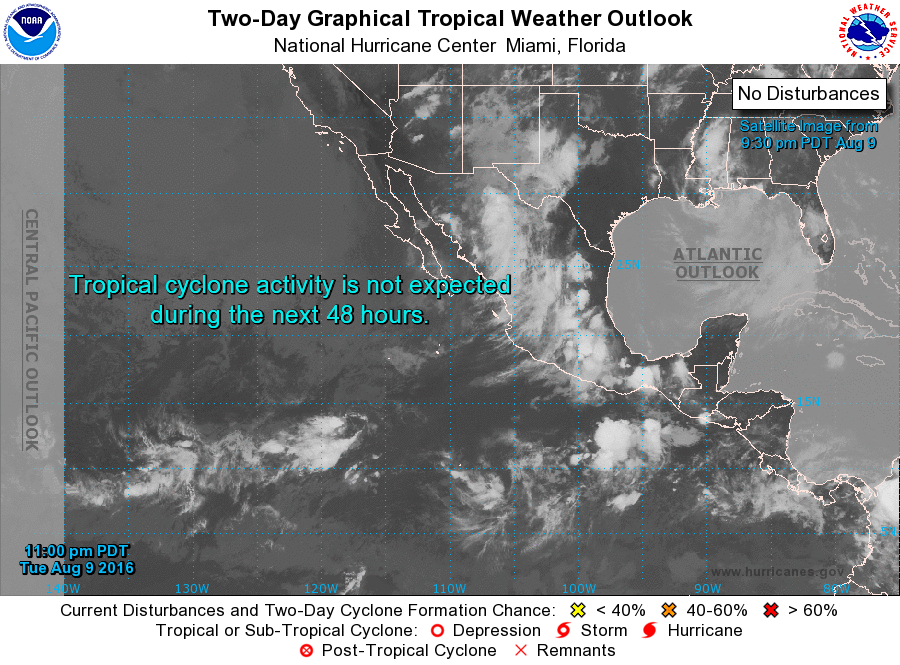
For the eastern North Pacific...east of 140 degrees west longitude:

1. A weak area of low pressure could form about 1500 miles east- southeast of the Hawaiian Islands by this weekend. Environmental conditions are expected to be marginally conducive for some gradual development of this system while it moves slowly west-northwestward.
* Formation chance through 48 hours...low...near 0 percent
* Formation chance through 5 days...low...30 percent

Forecaster Cangialosi